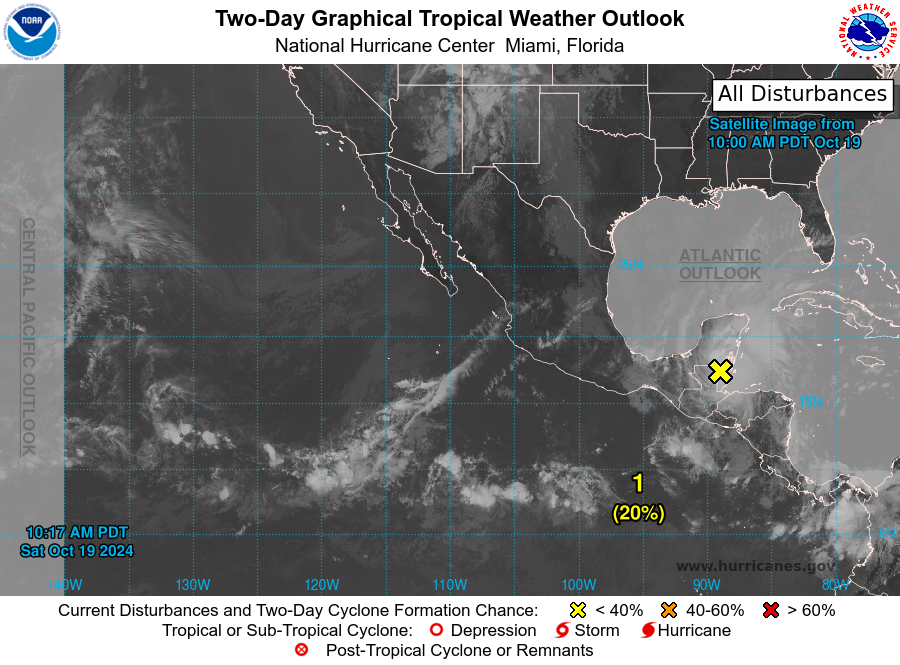
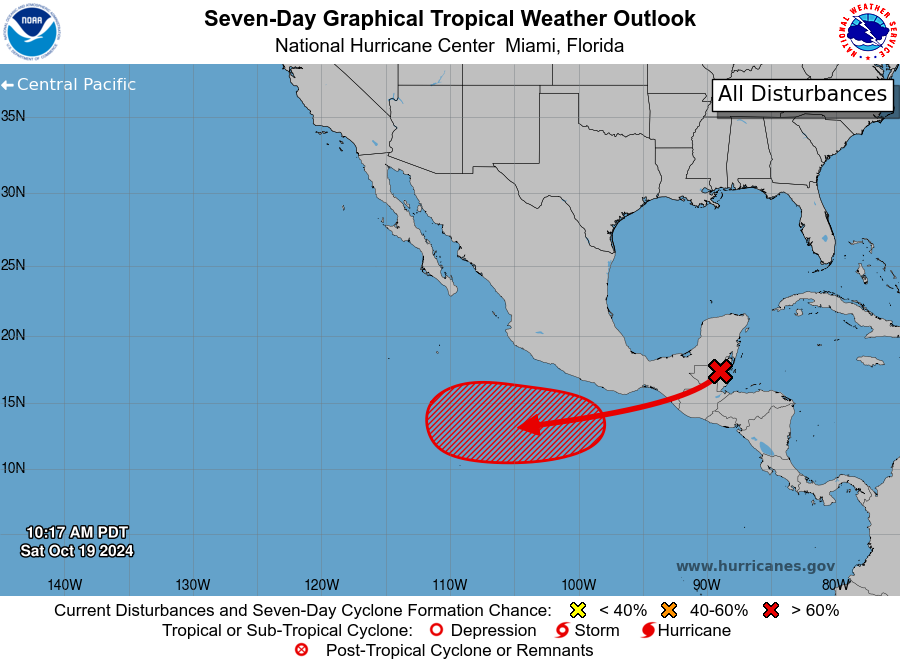
For the eastern North Pacific...east of 140 degrees west longitude:

1. South of Southwestern Mexico: After Nadine dissipates over southern Mexico, its remnants are expected to move into the eastern Pacific. The combination of the remnants of Nadine and influences from the Gulf of Tehuantepec gap wind event are forecast to result in the formation of a new low pressure system off the coast of southwestern Mexico in a couple of days. Additional development is expected after that time, and a tropical depression is likely to form during the early to middle part of next week while the system moves westward at about 15 mph away from the coast of Mexico.
* Formation chance through 48 hours...low...20 percent.
* Formation chance through 7 days...high...80 percent.

Forecaster Cangialosi